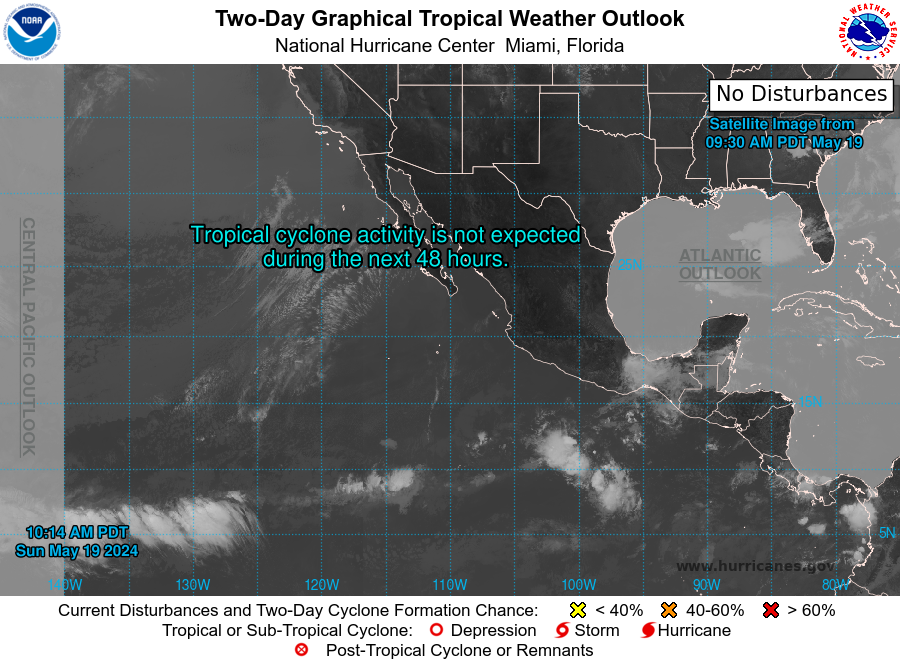
For the eastern North Pacific...east of 140 degrees west longitude:

Tropical cyclone formation is not expected during the next 7 days.

Forecaster Reinhart